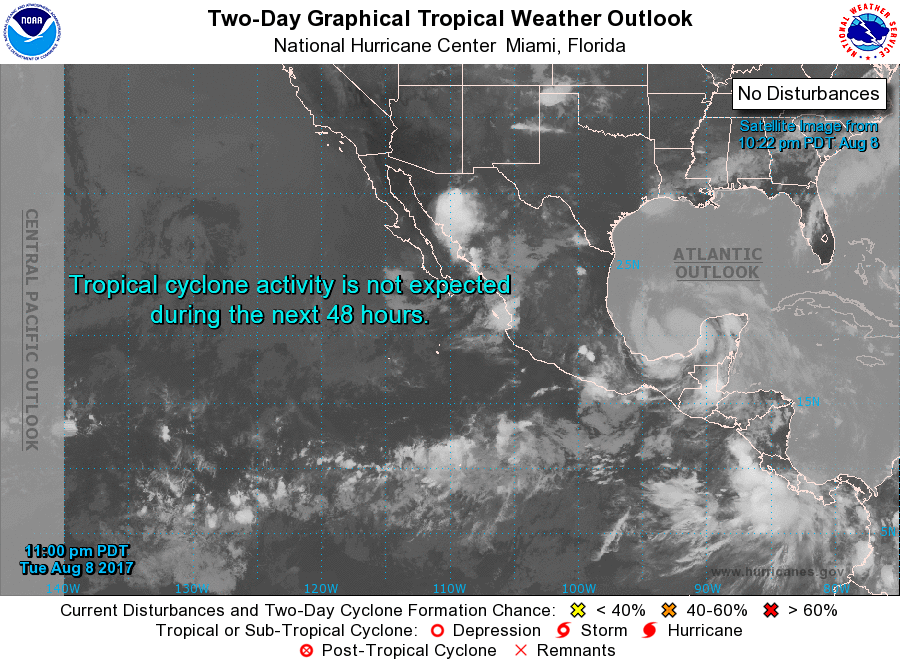
For the eastern North Pacific...east of 140 degrees west longitude:

1. An area of low pressure is expected to form just off the west-central coast of Mexico late this week in association with the remnants of Atlantic Tropical Storm Franklin after it moves across southern Mexico. Environmental conditions could be conducive for some development of the system while it moves toward the west-northwest or northwest at 10 to 15 mph.
* Formation chance through 48 hours...low...near 0 percent.
* Formation chance through 5 days...low...30 percent.

2. Another area of low pressure is forecast to form well south of the coast of southern Mexico late this week. Environmental conditions are expected to be conducive for some gradual development of this system over the weekend.
* Formation chance through 48 hours...low...near 0 percent.
* Formation chance through 5 days...low...30 percent.

Forecaster Landsea